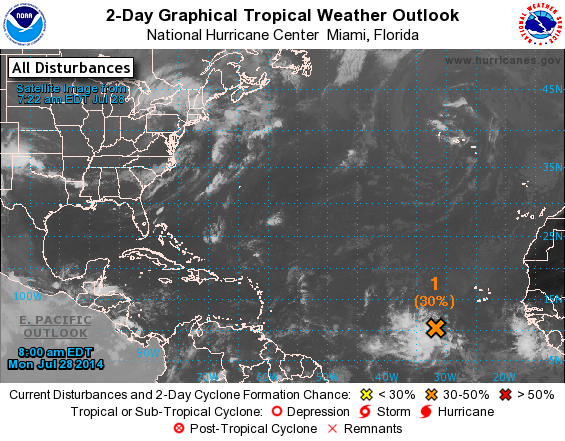
For the North Atlantic...Caribbean Sea and the Gulf of Mexico:

1. A tropical wave located several hundred miles southwest of the Cape Verde Islands is producing disorganized cloudiness and thunderstorms. Environmental conditions are expected to be conducive for gradual development of this disturbance over the next several days while it moves generally westward at 10 to 15 mph.
* Formation chance through 48 hours...medium...30 percent.
* Formation chance through 5 days...high...70 percent.

Forecaster Pasch